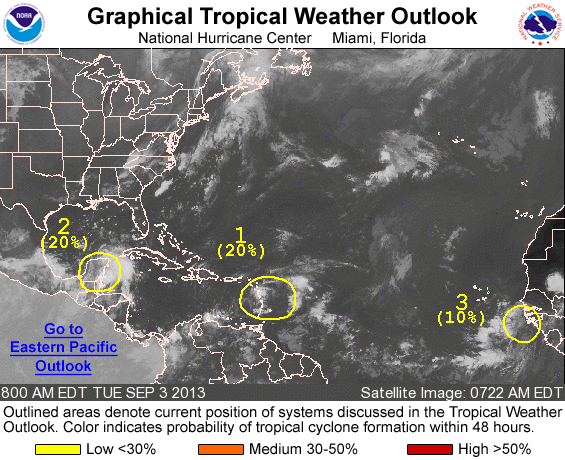
FOR THE NORTH ATLANTIC...CARIBBEAN SEA AND THE GULF OF MEXICO...

1. A BROAD AREA OF LOW PRESSURE LOCATED NEAR DOMINICA IS PRODUCING DISORGANIZED SHOWERS AND THUNDERSTORMS FROM THE EASTERN CARIBBEAN SEA ACROSS THE LESSER ANTILLES AND INTO THE TROPICAL ATLANTIC. ALTHOUGH UPPER-LEVEL WINDS APPEAR TO BE CONDUCIVE...THE PROXIMITY OF DRY AIR IN THE MIDDLE LEVELS OF THE ATMOSPHERE HAS BEEN INHIBITING DEVELOPMENT. HOWEVER...CONDITIONS COULD GRADUALLY BECOME MORE FAVORABLE FOR DEVELOPMENT WHILE THE SYSTEM MOVES WEST- NORTHWESTWARD AT AROUND 10 MPH NEAR PUERTO RICO AND HISPANIOLA OVER THE NEXT SEVERAL DAYS. THIS SYSTEM HAS A LOW CHANCE...20 PERCENT... OF BECOMING A TROPICAL CYCLONE DURING THE NEXT 48 HOURS...AND A MEDIUM CHANCE...50 PERCENT...OF BECOMING A TROPICAL CYCLONE DURING THE NEXT 5 DAYS. REGARDLESS OF TROPICAL CYCLONE FORMATION...LOCALLY HEAVY RAINFALL AND GUSTY WINDS ARE EXPECTED TO AFFECT PORTIONS OF THE LESSER ANTILLES OVER THE NEXT DAY OR TWO.

2. A TROPICAL WAVE OVER THE WESTERN YUCATAN PENINSULA IS MOVING WESTWARD AT ABOUT 10 MPH. THERE IS SOME POTENTIAL FOR DEVELOPMENT WHEN THE WAVE MOVES ACROSS THE BAY OF CAMPECHE OVER THE NEXT COUPLE OF DAYS. THIS SYSTEM HAS A LOW CHANCE...20 PERCENT...OF BECOMING A TROPICAL CYCLONE DURING THE NEXT 48 HOURS...AND A MEDIUM CHANCE... 30 PERCENT...OF BECOMING A TROPICAL CYCLONE DURING THE NEXT 5 DAYS.

3. A TROPICAL WAVE WITH AN ASSOCIATED AREA OF LOW PRESSURE IS LOCATED NEAR THE WEST COAST OF AFRICA...SEVERAL HUNDRED MILES SOUTHEAST OF THE CAPE VERDE ISLANDS. ENVIRONMENTAL CONDITIONS ARE EXPECTED TO BE MARGINALLY FAVORABLE FOR DEVELOPMENT OVER THE NEXT FEW DAYS WHILE THE DISTURBANCE MOVES WEST-NORTHWESTWARD TO NORTHWESTWARD AT 10 TO 15 MPH. THIS SYSTEM HAS A LOW CHANCE...10 PERCENT...OF BECOMING A TROPICAL CYCLONE DURING THE NEXT 48 HOURS...AND A LOW CHANCE...20 PERCENT...OF BECOMING A TROPICAL CYCLONE DURING THE NEXT 5 DAYS.

FIVE-DAY FORMATION PROBABILITIES ARE EXPERIMENTAL IN 2013. COMMENTS ON THE EXPERIMENTAL FORECASTS CAN BE PROVIDED AT...

HTTP://WWW.NWS.NOAA.GOV/SURVEY/NWS-SURVEY.PHP?CODE=ETWO

FORECASTER STEWART